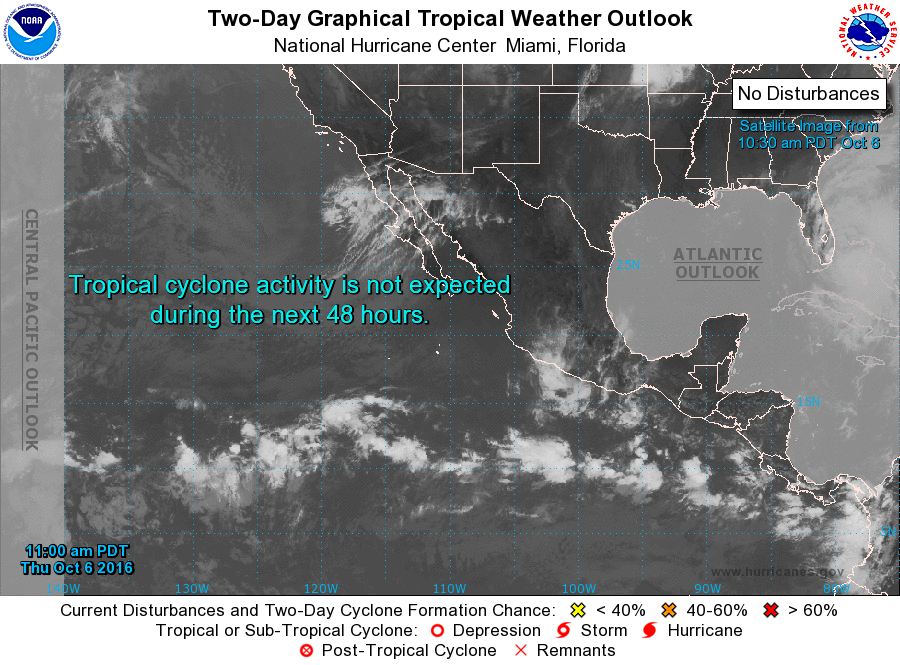
For the eastern North Pacific...east of 140 degrees west longitude:

1. A broad area of low pressure is expected to develop several hundred miles southwest of the southwestern coast of Mexico in a few days. Environmental conditions should be conducive for slow development of this system this weekend or early next week as it moves generally west-northwestward.
* Formation chance through 48 hours...low...near 0 percent
* Formation chance through 5 days...low...20 percent

Forecaster Kimberlain